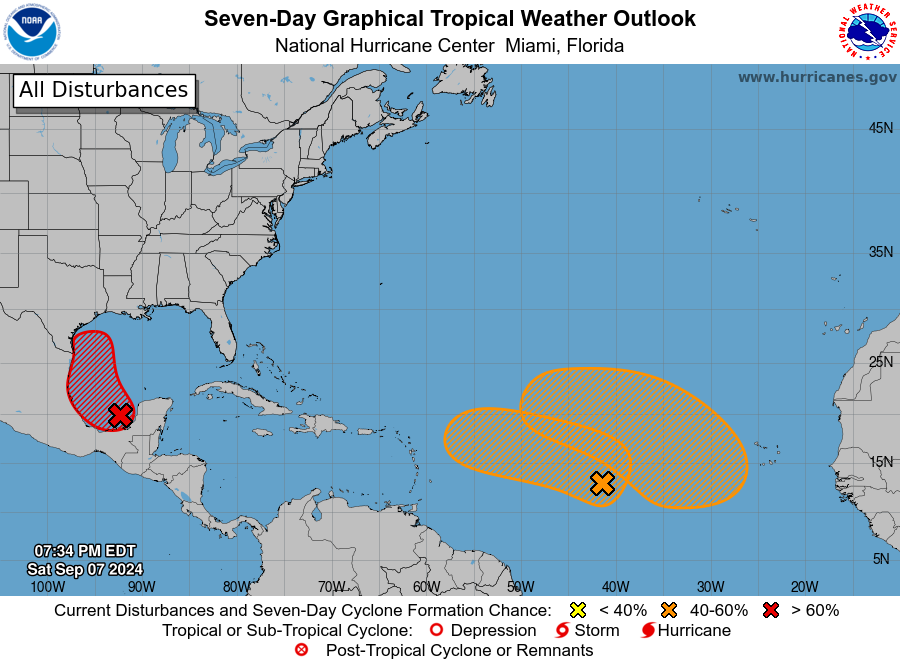
For the North Atlantic...Caribbean Sea and the Gulf of Mexico:

1. Western Gulf of Mexico (AL91): An area of low pressure located over the Bay of Campeche is producing disorganized showers and thunderstorms. This disturbance is forecast to drift slowly northward during the next several days while it interacts with a frontal boundary. Environmental conditions are forecast to become more conducive for development, and a tropical depression is likely to form while the system moves generally northward near or along the Gulf coast of Mexico and Texas through the middle of next week. Interests along the western Gulf of Mexico coast should closely monitor the progress of this system.
* Formation chance through 48 hours...medium...60 percent.
* Formation chance through 7 days...high...80 percent.

2. Central Tropical Atlantic: Shower and thunderstorm activity associated with an area of low pressure over the central tropical Atlantic has begun to show signs of organization. Gradual additional development is possible while the system meanders over the central tropical Atlantic through Monday and then moves generally westward at about 10 mph through the rest of next week.
* Formation chance through 48 hours...low...30 percent.
* Formation chance through 7 days...medium...50 percent.

3. Eastern and Central Tropical Atlantic: Disorganized showers and thunderstorms associated with a trough of low pressure are located several hundred miles southwest of the Cabo Verde Islands. The disturbance is expected to move very little during the next few days until it potentially interacts with a tropical wave that is forecast to move off the west coast of Africa by early Monday. Environmental conditions are expected to be favorable for gradual development of this system, and a tropical depression could form by the middle or late portions of next week. The system is expected to begin moving slowly westward by the end of the week.
* Formation chance through 48 hours...low...near 0 percent.
* Formation chance through 7 days...medium...40 percent.

Forecaster D. Zelinsky